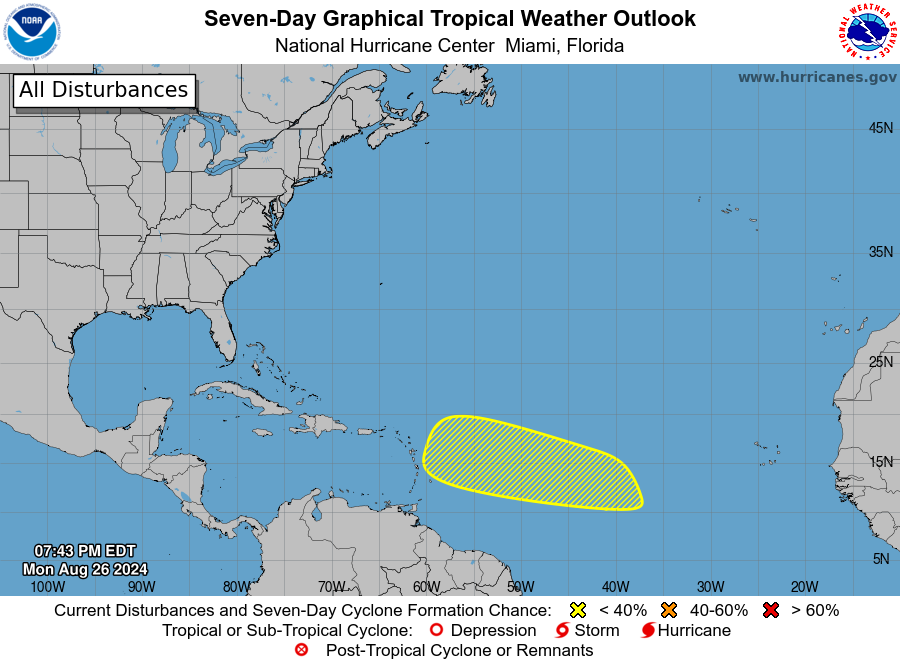
For the North Atlantic...Caribbean Sea and the Gulf of Mexico:

1. Central Tropical Atlantic: An area of low pressure could form in the central portion of the Tropical Atlantic in a few days. Thereafter, environmental conditions appear generally favorable for some slow development of this system by this weekend into early next week as it moves westward to west-northwestward at 10 to 15 mph.
* Formation chance through 48 hours...low...near 0 percent.
* Formation chance through 7 days...low...20 percent.

Forecaster Papin